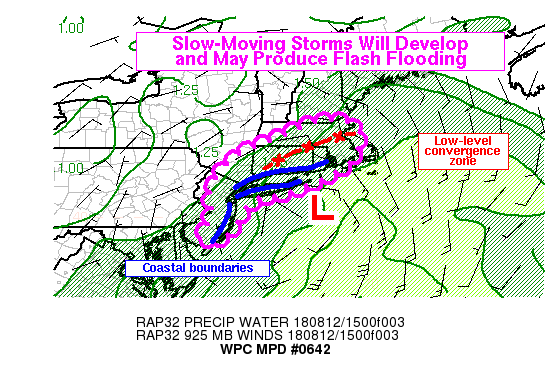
Areas affected...Northeast Corridor including NJ, S NY, LI, CT,
RI, MA

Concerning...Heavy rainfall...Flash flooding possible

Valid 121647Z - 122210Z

Summary...Thunderstorms are likely to develop this afternoon along
coastal fronts from New Jersey into southern New England, as well
as over interior southern New England. These storms are also
likely to be slow-moving, and this could lead to rain rates of 1-2
in/hr and flash flooding.

Discussion...GOES-16 visible satellite showed enhanced cumulus
fields and developing cumulonimbus along several coastal fronts --
(1) central and southern New Jersey, (2) Long Island, and (3) NYC
Metro into Connecticut and Rhode Island. Furthermore, it also
indicated a potential differential heating boundary that aligned
with a RAP analyzed low-level convergence maximum from central
Connecticut into eastern Massachusetts. These boundaries should
all play a role in thunderstorm development this afternoon.
Convection is likely to be slow-moving and may stay anchored to
some of these boundaries for a couple hours in some cases. An
isolated storm that developed earlier on the north side of Boston
produced over 5 inches of rain in a short period of time because
it was able to stay anchored along the coast in the E/NE low-level
flow to the north of a low that is situated just off Long Island.
Although the high-end rainfall totals may not be replicated, this
offers a preview of what may happen in a few areas of southern New
England and coastal New Jersey this afternoon. Precipitable water
values are still elevated, and the morning sounding from OKX
recorded 2 inches with a tall, narrow CAPE profile. This favors
efficient rainfall production, and the weaker updrafts may also
act to reduce the influence of some of the faster upper level flow
(leading to slower storm motions and anchoring near low-level
boundaries). Several hi-res models indicate 1-2 in/hr rain rates
into the afternoon hours with some of the thunderstorms that
develop, and that should be sufficient to produce some flash
flooding in a highly urbanized stretch of the Northeast.